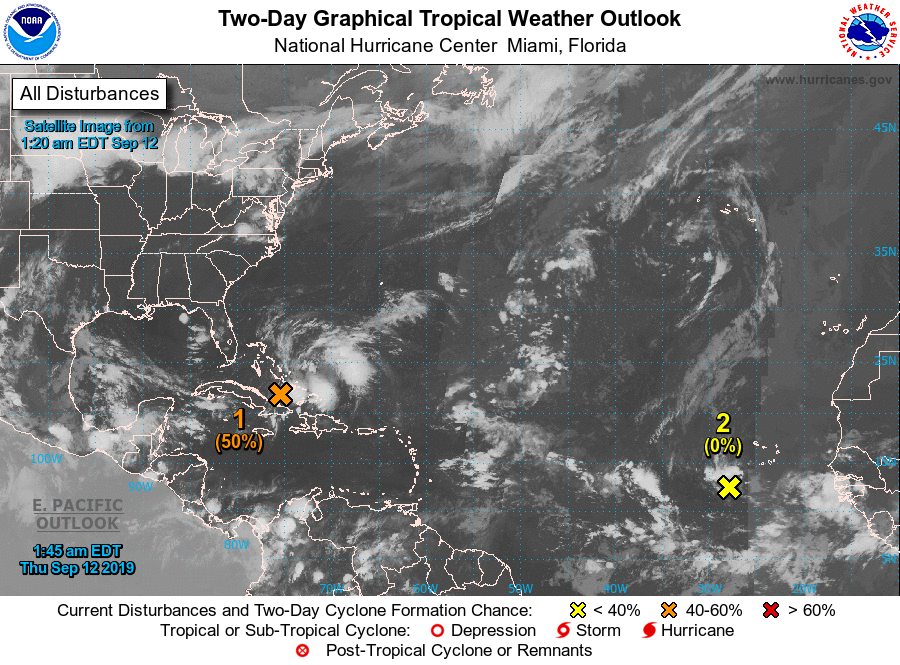
For the North Atlantic...Caribbean Sea and the Gulf of Mexico:

1. A trough of low pressure is producing widespread cloudiness, showers, and thunderstorms that extend from the southeastern Bahamas northeastward over the adjacent Atlantic waters. Although limited development of this system is anticipated today, conditions are forecast to become a little more conducive for tropical cyclone formation over the weekend, and a tropical depression is likely to form as the system moves northwestward at 5 to 10 mph across the Florida Straits and southern Florida, and into the eastern Gulf of Mexico. This disturbance will likely produce periods of locally heavy rainfall and gusty winds across the Bahamas through Friday, and across Florida during the weekend. An Air Force Reserve reconnaissance aircraft is scheduled to investigate the system this afternoon, if necessary.
* Formation chance through 48 hours...medium...50 percent.
* Formation chance through 5 days...high...70 percent.

2. A tropical wave located just west of the Cabo Verde Islands is producing a small area of disorganized showers and thunderstorms. Conditions appear conducive for development of this system, and a tropical depression could form early next week while it moves westward over the tropical Atlantic toward the Lesser Antilles.
* Formation chance through 48 hours...low...near 0 percent.
* Formation chance through 5 days...medium...40 percent.

Forecaster Berg